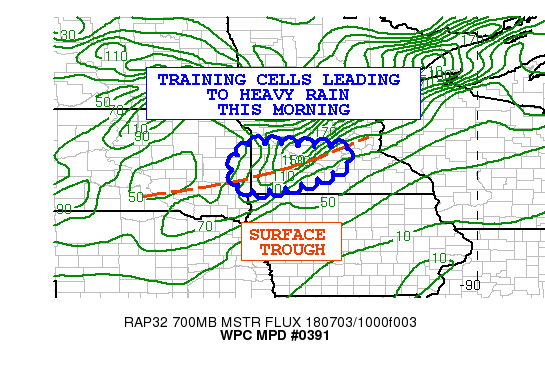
AREAS AFFECTED......SOUTHWEST MN TO ADJACENT SOUTHEAST SD...

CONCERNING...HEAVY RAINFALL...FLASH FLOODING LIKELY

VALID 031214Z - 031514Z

SUMMARY...CONVECTIVE BANDS WITH TRAINING LEADING TO FLASH FLOODING
THIS MORNING.

DISCUSSION...GOES-16 CLEAR IR CHANNEL SATELLITE AND RADAR IMAGERY
INDICATE A CLUSTER OF SHOWERS AND STORMS WITH HEAVY RAIN SLOWLY
PROGRESSING ACROSS SOUTHWEST MN. SEVERAL INCHES OF RAIN HAVE
FALLEN WITH REPORTS OF FLOODING ONGOING.

ACTIVITY HAS BEEN FOCUSING NEAR A SURFACE TROUGH ACROSS THE AREA
WITHIN A REGION OF LOW-MID LEVEL WARM ADVECTION AND MOISTURE
TRANSPORT.

RAP ANALYSIS SUGGESTS 850MB CONFLUENCE AND LOW LEVEL JET OF 40-45
KT.  THE CONFLUENCE HAS ALSO LEAD TO INCREASE IN TOTAL
PRECIPITABLE WATER WITH THE RAP FORECAST OF 1.75-2 INCHES.

AN ADDITIONAL 2-4 INCHES OF RAIN CAN BE EXPECTED IN THIS AREA AND
GIVEN THE SATURATED OR NEAR SATURATED CONDITIONS THERE IS A
LIKELIHOOD OF FLASH FLOODING CONDITIONS OVER SOUTHWEST MN.

THE 8/9/120/11Z VERSIONS OF THE EXPERIMENTAL HIGH RES RAPID
REFRESH HAVE BEEN SHOWING CLUSTERS OF 3-5 INCHES OF RAIN THROUGH
15Z.  WITH THE DIURNAL DECREASE IN INSTABILITY AND WEAKENING OF
THE LOW LEVEL JET MID DAY THE HIGH RES RAPID REFRESH RUNS ARE
INDICATING THE EVENING SHOULD WIND DOWN LATE THIS MORNING INTO
EARLY AFTERNOON.